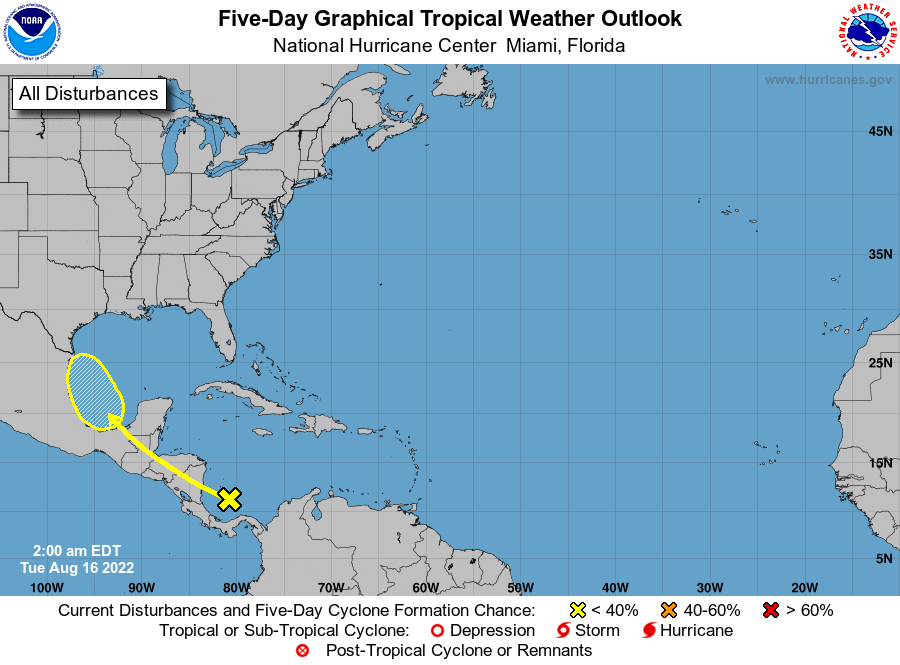
For the North Atlantic...Caribbean Sea and the Gulf of Mexico:

1. Southwestern Gulf of Mexico: A tropical wave currently located over the southwestern Caribbean Sea is forecast to move across Central America during the next few days and emerge over the Bay of Campeche, where an area of low pressure could form on Friday. Some gradual development of this system is possible while it moves northwestward over the southwestern Gulf of Mexico through the weekend.
* Formation chance through 48 hours...low...near 0 percent.
* Formation chance through 5 days...low...20 percent.

Forecaster Berg